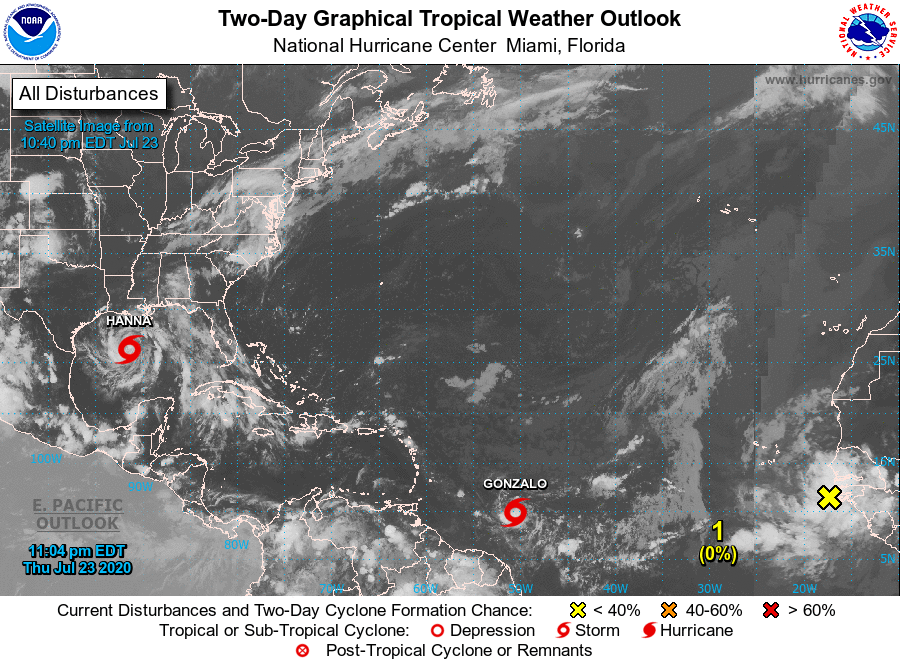
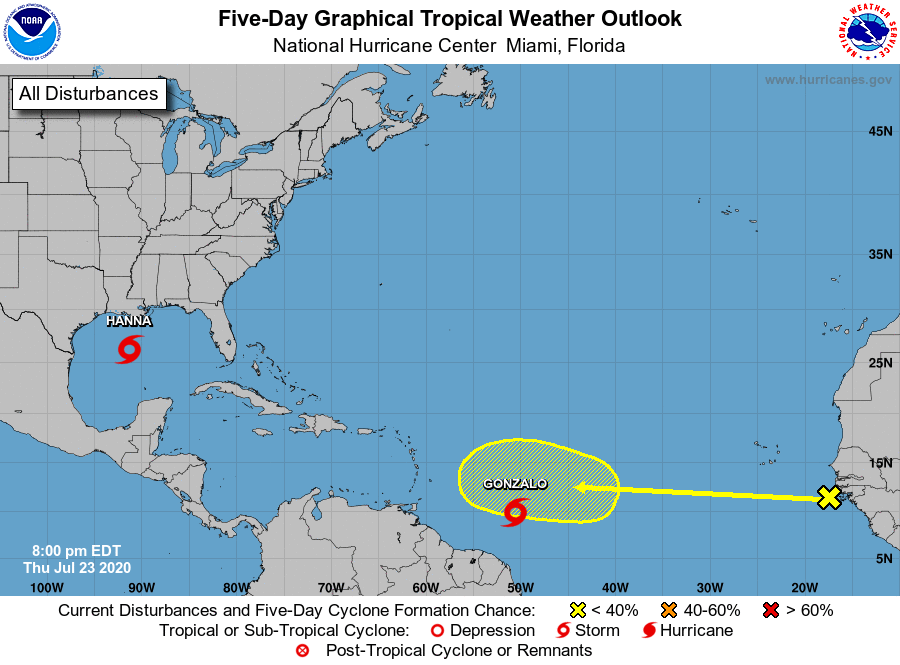
For the North Atlantic...Caribbean Sea and the Gulf of Mexico:

The National Hurricane Center is issuing advisories on Tropical Storm Gonzalo, located several hundred miles east of the southern Windward Islands.

The National Hurricane Center is also issuing advisories on Tropical Depression Eight, located over the central Gulf of Mexico.

1. A tropical wave located near the west coast of Africa is expected to move westward across the tropical Atlantic during the next several days. Some development of this system is possible early next week when it reaches the western tropical Atlantic.
* Formation chance through 48 hours...low...near 0 percent.
* Formation chance through 5 days...low...30 percent.

Public Advisories on Tropical Depression Eight are issued under WMO header WTNT33 KNHC and under AWIPS header MIATCPAT3. Forecast/Advisories on Tropical Depression Eight are issued under WMO header WTNT23 KNHC and under AWIPS header MIATCMAT3.

Forecaster Cangialosi